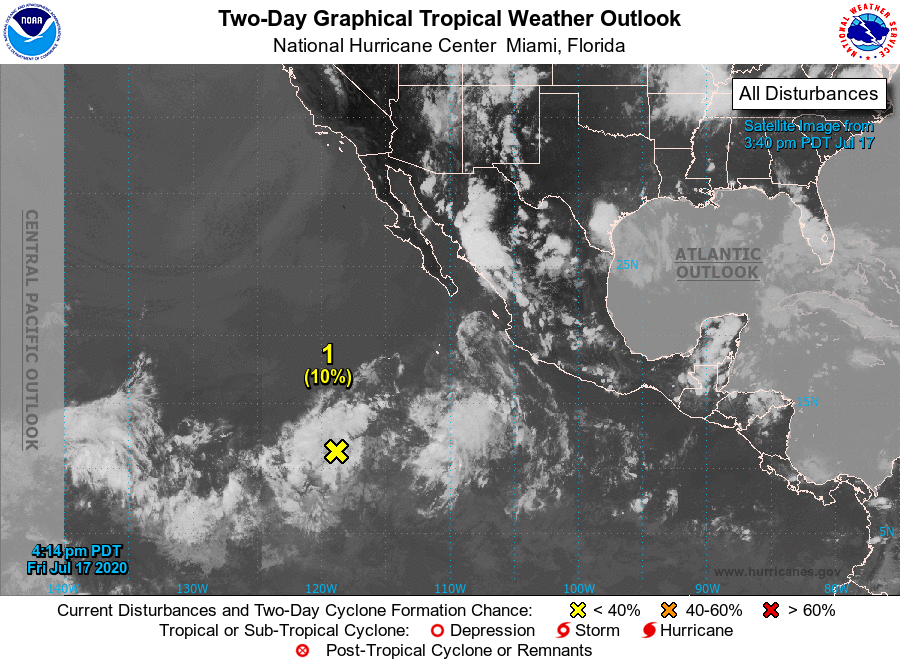
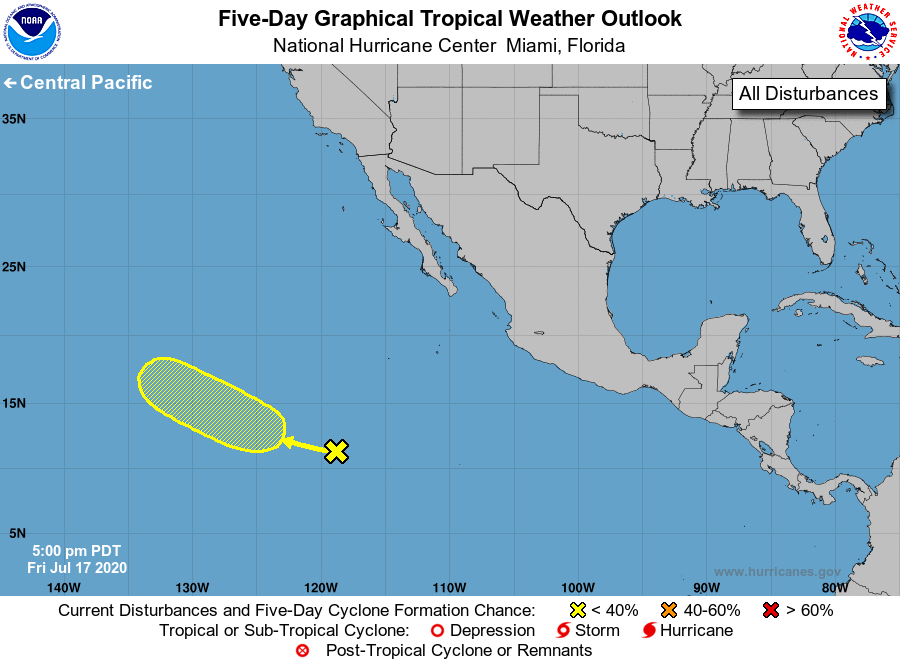
For the eastern North Pacific...east of 140 degrees west longitude:

1. Disorganized showers and thunderstorms located about 1000 miles southwest of the southern tip of the Baja California peninsula are associated with a tropical wave. This system is expected to move west-northwestward, and some slow development is possible late this weekend and early next week before it moves into unfavorable environmental conditions.
* Formation chance through 48 hours...low...10 percent.
* Formation chance through 5 days...low...30 percent.

Forecaster Pasch